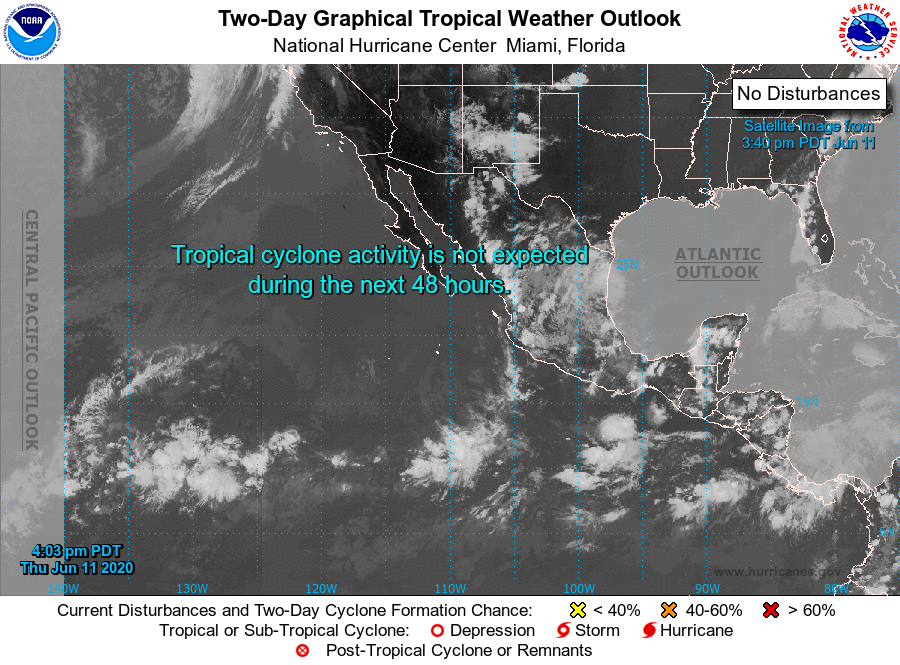
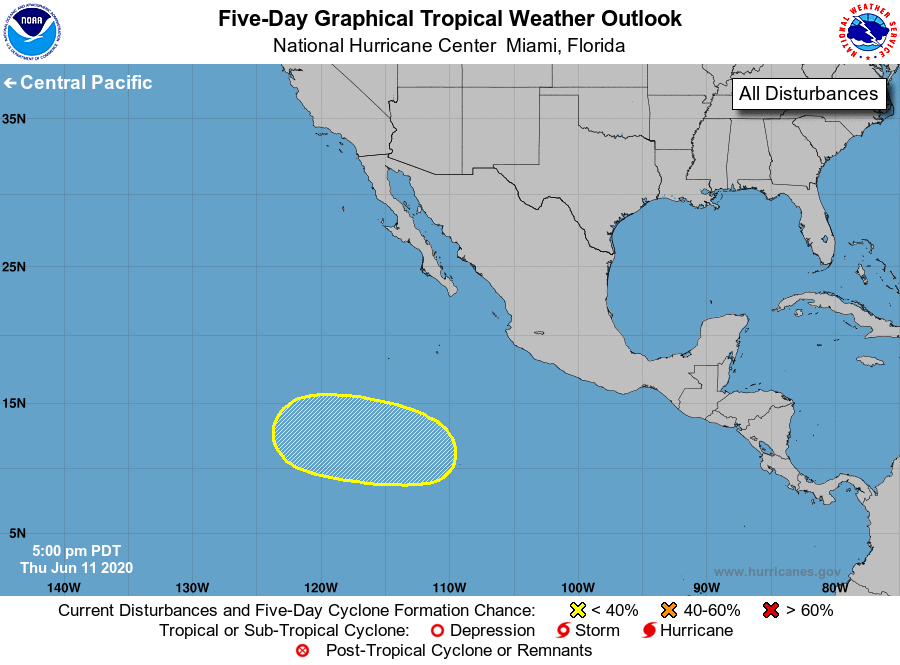
For the eastern North Pacific...east of 140 degrees west longitude:

1. A broad area of low pressure may form well south or south-southwest of the southern tip of the Baja California peninsula over the weekend or early next week. Environmental conditions are expected to be only marginally conducive, and any development should be slow to occur thereafter while the system moves west-northwestward.
* Formation chance through 48 hours...low...near 0 percent.
* Formation chance through 5 days...low...30 percent.

Forecaster Zelinsky